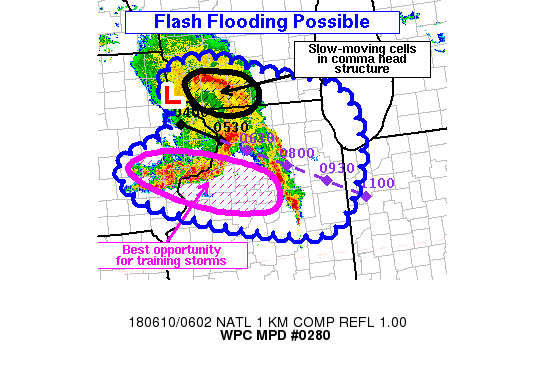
AREAS AFFECTED...NRN ILLINOIS...FAR SRN WISCONSIN...FAR ERN IOWA

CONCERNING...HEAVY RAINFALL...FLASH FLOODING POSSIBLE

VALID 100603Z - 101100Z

SUMMARY...A WELL-ORGANIZED LINE OF STORMS WILL CONTINUE TO
PROGRESS EAST INTO PRIMARILY NORTHERN ILLINOIS IN THE PRE-DAWN
HOURS. VERY HEAVY RAIN RATES UP TO 2 IN/HR IN SPOTS MAY LEAD TO
FLASH FLOODING. ADDITIONALLY... SLOW MOVING HEAVY RAIN BANDS
APPEAR LIKELY NEAR THE WI-IL BORDER TO THE NORTH OF THE LINE OF
STORMS... AND THESE RAIN BANDS MAY ALSO PRODUCE LOCALLY HEAVY
RAINFALL AND FLOODING.

DISCUSSION...THE STORMS ACROSS EASTERN IOWA HAVE EVOLVED INTO A
WELL-ORGANIZED BOW ECHO...JUST CROSSING THE MISSISSIPPI RIVER
AROUND 06Z. THE NORTHERN END OF THE LINE HAS BEEN CONTINUALLY
ERODED OVER THE PAST FEW HOURS...LIKELY BY LOWER INSTABILITY ON
THE NORTHEAST SIDE OF THE CAPE GRADIENT THE BOW ECHO WAS
PROPAGATING ALONG. ALONG WITH NEW CELL GROWTH FURTHER SOUTH INTO
THE MORE UNSTABLE AIR MASS...THIS WAS LEADING TO AN EFFECTIVE ESE
OR SE MOTION FOR THE DOMINANT LINE SEGMENT WITH TIME. THE LINE
ALSO EXHIBITED A LONG TAIL TO THE WEST. AT 06Z THIS WAS SITUATED
FROM NEAR DAVENPORT IA TO NEAR IOWA CITY IA AND WEST ALONG I-80.

KDMX AND KDVN RADAR VWPS SHOWED THAT 850MB WINDS HAVE CONTINUED TO
VEER OVER THE PAST FEW HOURS AND ARE NOW WESTERLY. THE INFLOW
REGION WAS CHARACTERIZED BY MLCAPE VALUES OF AROUND 2000 J/KG WITH
PRECIPITABLE WATER VALUES AROUND 1.6 INCHES...AND THIS UNSTABLE
AND MOIST INFLOW WAS LIKELY CONTRIBUTING TO BACKBUILDING AND SOME
TRAINING WITH THIS TRAILING LINE OF CONVECTION. THIS SHOULD
CONTINUE FOR AT LEAST ANOTHER COUPLE HOURS...BUT THE EFFECT MAY
BEGIN TO DIMINISH AS THE OVERALL SQUALL LINE CONTINUES TO
PROPAGATE FURTHER AWAY FROM THE REGION OF STRONGEST INSTABILITY
OVER IOWA. NEVERTHELESS...THE TRAINING CONVECTION SHOULD PRODUCE
RAIN RATES TO AROUND 2 IN/HR (AS HAS BEEN SUGGESTED BY KDVN DUAL
POL ESTIMATES AND MRMS)...WHICH COULD LEAD TO AREAS OF FLASH
FLOODING. OTHER PORTIONS OF THE LINE MAY HAVE A SLIGHTLY LOWER
FLASH FLOOD RISK...BUT IT CANNOT BE RULED OUT GIVEN INHERENT
UNCERTAINTIES ABOUT CELL MERGERS AND THE BROAD PLUME OF 1.6 TO 1.7
INCH PWATS THAT THE LINE IS EMBEDDED IN.

FURTHER NORTH...RADAR LOOPS IMPLY A LOW-MID LEVEL CIRCULATION NEAR
GRANT COUNTY WI AND SURFACE OBSERVATIONS SHOW A WEAK CIRCULATION
AND LOCAL MINIMUM IN SURFACE PRESSURE IN THE SAME AREA. THIS IS
LIKELY ASSOCIATED WITH AN EARLIER MCV OR BOOKEND VORTEX ON THE
NORTH END OF THE LINE OF STORMS...WITH THE CONVECTION GENERALLY
DECAYING IN THE FEW HOURS SINCE. HOWEVER...THE CIRCULATION
APPEARED TO BE CONTRIBUTING TO ORGANIZED RAIN BANDS TO ITS
EAST...IN AN AREA OF LOW-LEVEL CONVERGENCE AND PERHAPS AN EAST TO
EAST-SOUTHEASTERLY WARM CONVEYOR BELT TO THE NORTH OF THE SYNOPTIC
SURFACE FRONT. THE RAIN BANDS IN THIS REGION APPEARED TO
OCCASIONALLY STALL AND HAVE ALREADY CONTRIBUTED TO LOCALIZED VERY
HEAVY RAIN RATES IN GRANT COUNTY WI. THIS MAY CONTINUE JUST TO THE
EAST FOR THE NEXT COUPLE HOURS. RADAR CROSS SECTIONS SHOW VERY
LIMITED REFLECTIVITY ABOVE THE MELTING LAYER OR -10C LAYER...SO
DOMINANT WARM RAIN PROCESSES COULD ENHANCE RAINFALL EFFICIENCY IN
THESE AREAS AND LEAD TO SOME LOCALIZED FLOODING AS WELL.